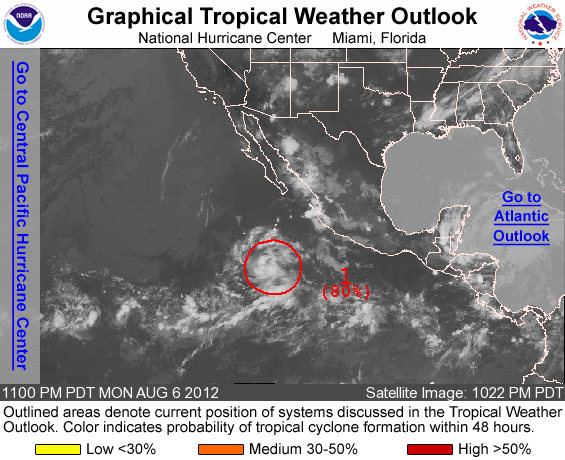
FOR THE EASTERN NORTH PACIFIC...EAST OF 140 DEGREES WEST LONGITUDE..

1. SHOWER AND THUNDERSTORM ACTIVITY ASSOCIATED WITH A LOW PRESSURE SYSTEM LOCATED ABOUT 550 MILES SOUTHWEST OF MANZANILLO MEXICO CONTINUES TO INCREASE IN ORGANIZATION. ENVIRONMENTAL CONDITIONS ARE CONDUCIVE FOR FURTHER DEVELOPMENT...AND A TROPICAL DEPRESSION COULD FORM ON TUESDAY. THE LOW HAS A HIGH CHANCE...80 PERCENT...OF BECOMING A TROPICAL CYCLONE DURING THE NEXT 48 HOURS AS IT MOVES WEST-NORTHWESTWARD AT ABOUT 10 MPH.

ELSEWHERE...TROPICAL CYCLONE FORMATION IS NOT EXPECTED DURING THE NEXT 48 HOURS.

FORECASTER BERG